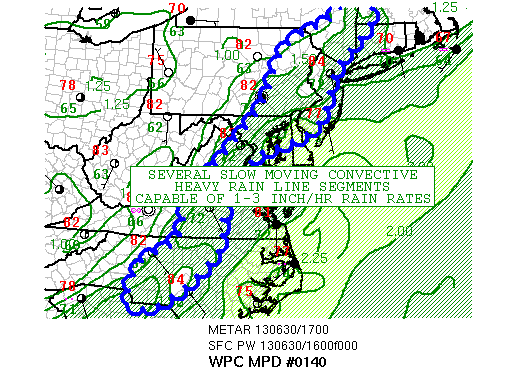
AREAS AFFECTED......CENTRAL NC TO EASTERN PA/WESTERN NJ AND
SOUTHERN NY STATE...

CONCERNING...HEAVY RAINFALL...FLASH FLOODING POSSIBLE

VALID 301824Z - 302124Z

SUMMARY...FLASH FLOODING IS POSSIBLE FROM CENTRAL NC TO PARTS OF
THE NRN MID-ATL STATES... WITH SEVERAL CONVECTVE LINE SEGMENTS
CAPABLE OF PRODUCING 1-3 INCH/HR RAIN RATES... WHILE DRIFTING
SLOWLY OFF TO THE NNE.

DISCUSSION...A DEEP ANOMALOUS PLUME OF TROPICAL MOISTURE IS
ADVANCING AND EXPANDING NORTH AND WEST INTO THE SOUTHEAST AND
MID-ATL STATES OR AROUND THE WRN PERIPHERY OF AN IMPRESSIVE
BERMUDA RIDGE OUT OVER THE ATLANTIC OCEAN THIS AFTN. GFS AND ECMWF
STANDARDIZED PW ANOMALIES SUGGEST VALUES 4 TO 5 TIMES ABOVE AVG.
WATER VAPOR IMAGERY DETECTS TWO SHORT WAVE IMPULSES RIDING UP A
STATIONARY SURFACE/850MB FRONT IN AN AREA PRIME FOR FAVORABLE
UPPER DIFLUENCE... THUS PRODUCING TWO ORGANIZED AREAS OF
CONVECTION BUT SEVERAL LINE SEGMENTS FROM NC TO PA/NJ. THIS
ACTIVITY IS FLOURISHING THIS AFTN DUE TO THE STRONG
HEATING/DESTABILIZATION AND SHOULD PERSIST FOR THE NEXT FEW HRS...
AS MORNING RAOBS INDICATED ONLY 15KT 850MB SWRLY FLOW AND
SOUNDINGS FAVORABLE FOR SLIGHT BACKBUILDING DEVELOPMENT. THE
LOWEST 1 HRLY FFG IS ACROSS CENTRAL NC... BETWEEN CLT AND RDU...
AND ACROSS PORTIONS OF NJ/ERN PA AND SRN NY STATE... INCLUDING THE
PHL AND EWR METRO AREA AND NEARBY TERRAIN. THE AVAILABLE MOISTURE
CONTENT WILL EASILY ALLOW MORE ORGANIZED ACTIVITY TO PRODUCE 1-3
INCH/HR RAIN RATES FOR POSSIBLE FLASH FLOODING BUT DUE TO
CONVECTIVE ELEMENTS AND SMALL SCALE NATURE OF THE ACTIVITY... NOT
ALL OF THE EXPANDED AREA WILL SEE SUCH CONDITIONS.